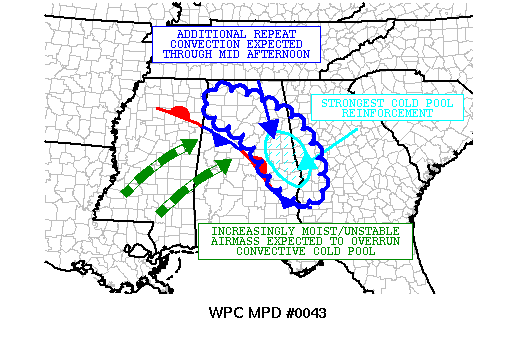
AREAS AFFECTED...NORTHERN AND EASTERN AL...EXTREME WESTERN GA

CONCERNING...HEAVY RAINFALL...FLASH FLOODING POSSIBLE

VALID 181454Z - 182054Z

SUMMARY...ADDITIONAL SLOW MOVING AND REPEAT CONVECTION IS EXPECTED
OVER THE NEXT SEVERAL HOURS ACROSS PORTIONS OF NORTHERN AND
EASTERN AL AND EXTREME WESTERN GA WITH INTENSE RAINFALL RATES.

DISCUSSION...ALTHOUGH CONVECTION THROUGH THE MORNING HOURS HAS
TENDED TO WEAKEN AND HAS BECOME RELATIVELY DISORGANIZED...WITH
CLOUD TOPS ALSO TENDING TO WARM...ADDITIONAL CONVECTIVE CELLS
CONTINUE TO DEVELOP INVOF AND TO THE NORTH OF A CONVECTIVELY
REINFORCED BOUNDARY. THE MORNING CONVECTION HAS AFFORDED A
SUFFICIENT COLD POOL SUCH THAT LARGER SCALE MOIST AND UNSTABLE
SOUTHWESTELY FLOW INTERSECTING AND OVERRUNNING THIS AIRMASS
CONTINUES TO FOSTER REPEAT CONVECTIVE DEVELOPMENT. THE LARGER
SCALE CONVECTIVE CLUSTER IS TENDING TO BOW SOUTHEASTWARD AND AWAY
AREAS HIT EARLY THIS MORNING WITH TRAINING CONVECTION...BUT LATEST
VIS IMAGERY SUGGESTS A GRADUALLY EXPANDING CU FIELD OVER SOUTHERN
MS AND SOUTHERN AL. INCREASED DIURNAL HEATING AND ASSOCIATED
SFC-BASED INSTABILITY SHOULD CONTINUE TO ADVECT OVERTOP THE COLD
POOL THE NEXT FEW HOURS AND SUPPORT ADDITIONAL CONVECTIVE
DEVELOPMENT...ALSO FARTHER BACK TO THE NORTHWEST INTO
NORTH-CENTRAL AL. THE SLOW MOVEMENT OF THE CONVECTION AND TENDENCY
FOR TRAINING WILL SUPPORT ADDITIONAL HEAVY RAINFALL AMOUNTS...WITH
RATES OF 1 TO 2 INCHES/HR. ADDITIONAL FLASH FLOODING WILL BE
POSSIBLE AS A RESULT.